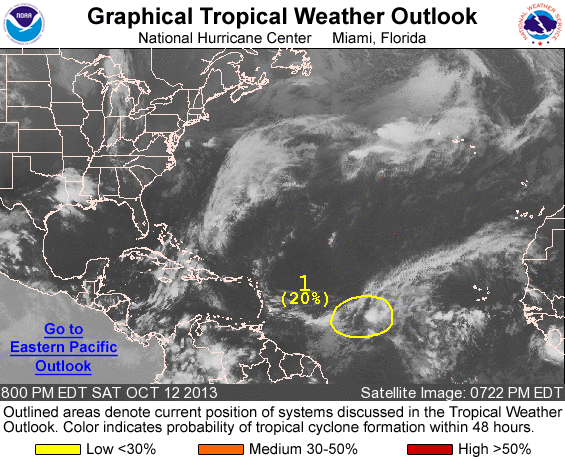
FOR THE NORTH ATLANTIC...CARIBBEAN SEA AND THE GULF OF MEXICO...

1. CLOUDINESS AND SHOWERS LOCATED ABOUT MIDWAY BETWEEN THE CAPE VERDE ISLANDS AND THE LESSER ANTILLES ARE ASSOCIATED WITH AN ELONGATED AREA OF LOW PRESSURE. THIS SYSTEM CONTINUES TO BECOME LESS ORGANIZED...AND UPPER-LEVEL WINDS ARE NOT FAVORABLE FOR DEVELOPMENT. THIS SYSTEM HAS A LOW CHANCE...20 PERCENT OF BECOMING A TROPICAL CYCLONE DURING THE NEXT 48 HOURS...AND A LOW CHANCE... 20 PERCENT...OF BECOMING A TROPICAL CYCLONE DURING THE NEXT 5 DAYS WHILE IT MOVES WESTWARD TO WEST-NORTHWESTWARD AT 10 TO 15 MPH.

ADDITIONAL INFORMATION ON THIS LOW PRESSURE SYSTEM CAN BE FOUND IN HIGH SEAS FORECASTS ISSUED BY THE NATIONAL WEATHER SERVICE.

HIGH SEAS FORECASTS ISSUED BY THE NATIONAL WEATHER SERVICE CAN BE FOUND UNDER AWIPS HEADER NFDHSFAT1 AND WMO HEADER FZNT01 KWBC.

FIVE-DAY FORMATION PROBABILITIES ARE EXPERIMENTAL IN 2013. COMMENTS ON THE EXPERIMENTAL FORECASTS CAN BE PROVIDED AT...

HTTP://WWW.NWS.NOAA.GOV/SURVEY/NWS-SURVEY.PHP?CODE=ETWO

FORECASTER BEVEN